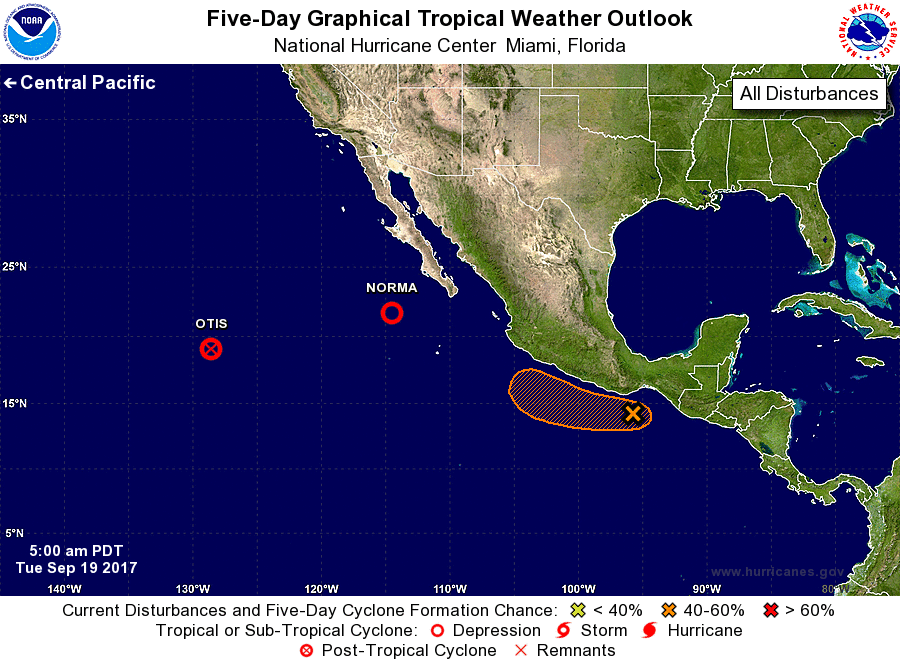
For the eastern North Pacific...east of 140 degrees west longitude:

The National Hurricane Center is issuing advisories on recently downgraded Tropical Depression Norma, located a few hundred miles west-southwest of the southern tip of the Baja California peninsula, and on Tropical Storm Otis, located more than 1000 miles west of the southern tip of the Baja California peninsula.

1. Disorganized showers and thunderstorms extending from the coast of southeastern Mexico southward for a few hundred miles are associated with a trough of low pressure. Environmental conditions appear conducive for development of this system, and a tropical depression could form by the weekend while it moves slowly west-northwestward near the coast of Mexico.
* Formation chance through 48 hours...low...10 percent.
* Formation chance through 5 days...medium...60 percent.

Forecaster Cangialosi